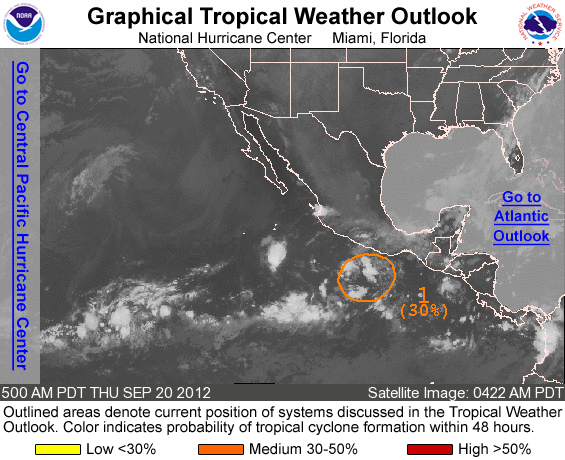
FOR THE EASTERN NORTH PACIFIC...EAST OF 140 DEGREES WEST LONGITUDE..

1. SHOWER ACTIVITY REMAINS MINIMAL IN ASSOCIATION WITH A BROAD AREA OF LOW PRESSURE LOCATED A FEW HUNDRED MILES SOUTH OF ACAPULCO MEXICO. HOWEVER...ENVIRONMENTAL CONDITIONS ARE FORECAST TO BE CONDUCIVE FOR SLOW DEVELOPMENT OF THIS DISTURBANCE OVER THE NEXT FEW DAYS. THIS SYSTEM HAS A MEDIUM CHANCE...30 PERCENT...OF BECOMING A TROPICAL CYCLONE DURING THE NEXT 48 HOURS AS IT MOVES GENERALLY WESTWARD AT 5 TO 10 MPH.

ELSEWHERE...TROPICAL CYCLONE FORMATION IS NOT EXPECTED DURING THE NEXT 48 HOURS.

FORECASTER BRENNAN